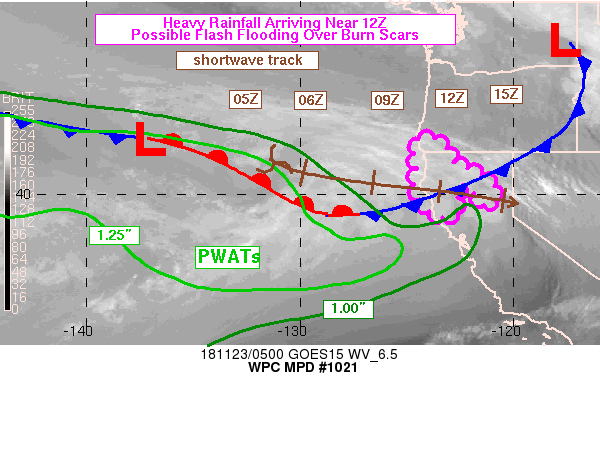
Areas affected...southern OR coast into northern CA

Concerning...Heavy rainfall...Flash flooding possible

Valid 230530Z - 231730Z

Summary...Heavy rain is likely to move into southwestern OR and
northern CA after 12Z with 12 hour totals peaking in the 2-4 inch
range through 18Z. Rainfall rates of 0.5+ in/hr are expected for
consecutive hours allowing for heavy rainfall through the day on
Friday. These rains could lead to flash flooding and debris flows
in the vicinity of burn scars. with localized runoff issues
elsewhere.

Discussion...GOES water vapor imagery depicted a well defined
shortwave near 41.5N 131.2W at 05Z, moving steadily toward the
ESE. A combination of surface observations and a 0329Z pass of
AMSU's 89 GHz imagery placed a weak surface low near 42.7N 136.9W
along a frontal boundary with blended TPW imagery identifying
precipitable water values above 1.25 inches to the south of the
surface low and warm front.

12-hr extrapolation of the shortwave's track and RAP forecasts are
in agreement with the arrival of the shortwave to just south of
Cape Mendocino just before 12Z. There have been relatively
consistent forecasts from the RAP in line with the 00Z NAM and GFS
to take the surface low to roughly 150 miles west of the OR/CA
border at 12Z. This track will take warmer temperatures and deeper
moisture in the 850-700 mb layer toward the OR/CA coasts with
slower rises in the 500 mb temperature, allowing for steepening
lapse rates and at least weak instability to reach the coastline
by late morning (15-18Z). In addition, 850 mb wind speeds are
expected to peak in the 50-60 kt range initially from the
southwest, then veering toward the west after the warm frontal
passage around 15Z. Quasi-zonal flow in the low to mid-levels
along the OR/CA coastline will help to support a period of
persistent westerly flow at 850 mb into the northern CA coast and
potentially support rainfall rates of over 0.5 in/hr for a number
of consecutive hours at a few locations. The greatest threat of
heavy rain appears to be across Curry and Josephine counties in
southwestern OR and Del Norte, Humboldt and western Siskiyou
counties in northern California where 2-4 inches of rain is
anticipated through 18Z. The expectation of locally heavy rainfall
rates could produce flash flooding and debris flows in burn scar
regions across the region.